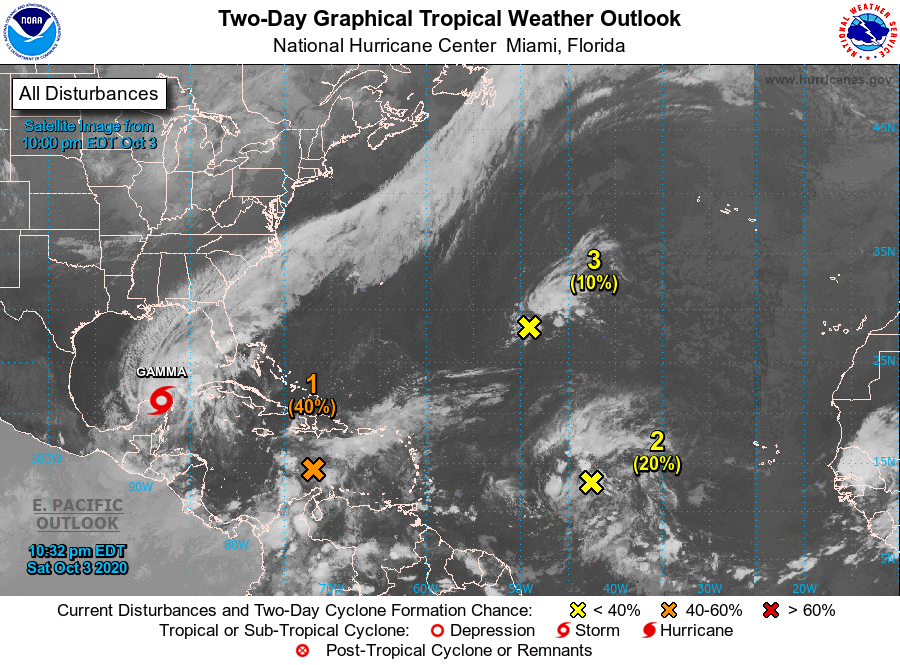
For the North Atlantic...Caribbean Sea and the Gulf of Mexico:

The National Hurricane Center is issuing advisories on Tropical Storm Gamma, located inland over the Yucatan Peninsula.

1. A tropical wave located over the central Caribbean Sea is producing an area of disorganized showers and thunderstorms. Environmental conditions are expected to become more conducive for development, and a tropical depression is likely to form during the early or middle portions of next week while the system moves westward or west-northwestward at about 15 mph across the central and western Caribbean Sea and then into the southern Gulf of Mexico. Locally heavy rainfall and gusty winds will be possible across portions of Hispaniola, Jamaica, Cuba, and the Cayman Islands during the next few days, and interests on those islands should monitor the progress of this disturbance.
* Formation chance through 48 hours...medium...40 percent.
* Formation chance through 5 days...high...70 percent.

2. Disorganized showers and thunderstorms continue in association with a tropical wave located over the central tropical Atlantic. Some slow development of this system is possible during the next couple of days while it moves west-northwestward or northwestward at 10 to 15 mph. Significant development is not expected beyond that time due to the system moving into a region of strong upper-level winds.
* Formation chance through 48 hours...low...20 percent.
* Formation chance through 5 days...low...20 percent.

3. An area of disorganized showers and thunderstorms over the central Atlantic more than 1000 miles east-southeast of Bermuda is associated with a surface trough of low pressure. This system is expected to move toward the west-southwest at around 10 mph, and some slow development is possible during the next couple of days before it too encounters strong upper-level winds.
* Formation chance through 48 hours...low...10 percent.
* Formation chance through 5 days...low...10 percent.

Forecaster Cangialosi